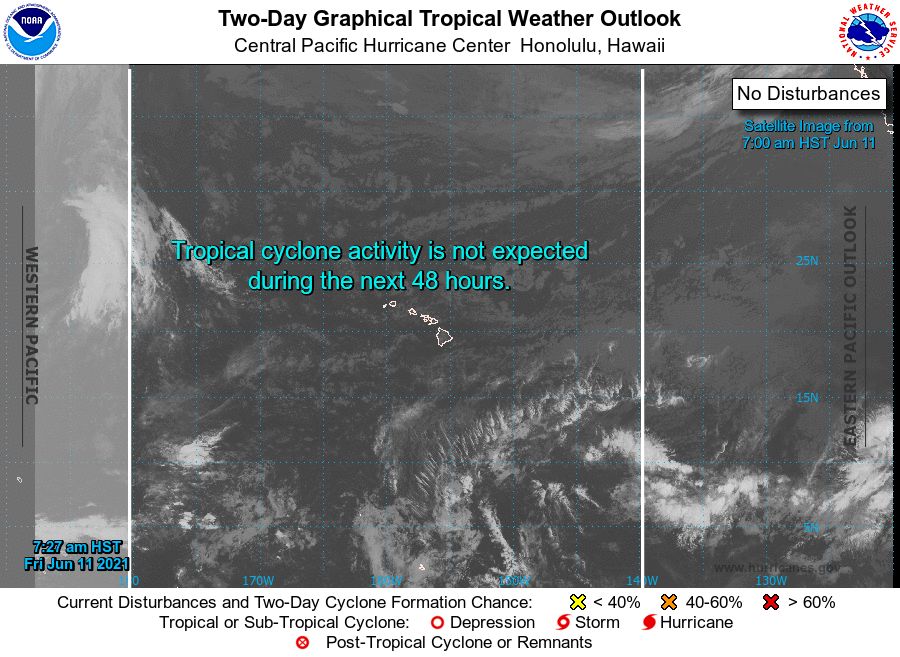
For the central North Pacific...between 140W and 180W:

No tropical cyclones are expected during the next 5 days.

Forecaster EATON